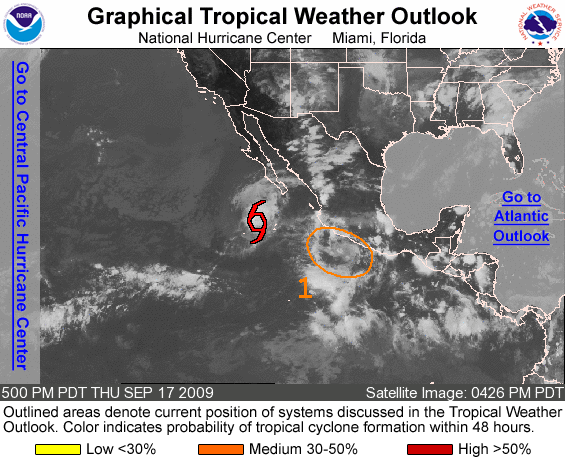
FOR THE EASTERN NORTH PACIFIC...EAST OF 140 DEGREES WEST LONGITUDE..

THE NATIONAL HURRICANE CENTER IS ISSUING ADVISORIES ON TROPICAL STORM MARTY...LOCATED ABOUT 305 MILES SOUTHWEST OF THE SOUTHERN TIP OF BAJA CALIFORNIA.

1. AN AREA OF LOW PRESSURE LOCATED ABOUT 150 MILES WEST-SOUTHWEST OF ZIHUATANEJO MEXICO IS PRODUCING LIMITED SHOWER AND THUNDERSTORM ACTIVITY NEAR THE CENTER OF CIRCULATION. HOWEVER...ENVIRONMENTAL CONDITIONS STILL APPEAR FAVORABLE FOR DEVELOPMENT AS THIS SYSTEM MOVES WEST-NORTHWESTWARD AROUND 10 MPH DURING THE NEXT COUPLE OF DAYS. THERE IS A MEDIUM CHANCE...30 TO 50 PERCENT...OF THIS SYSTEM BECOMING A TROPICAL CYCLONE DURING THE NEXT 48 HOURS.

ELSEWHERE...TROPICAL CYCLONE FORMATION IS NOT EXPECTED DURING THE NEXT 48 HOURS.

FORECASTER BERG